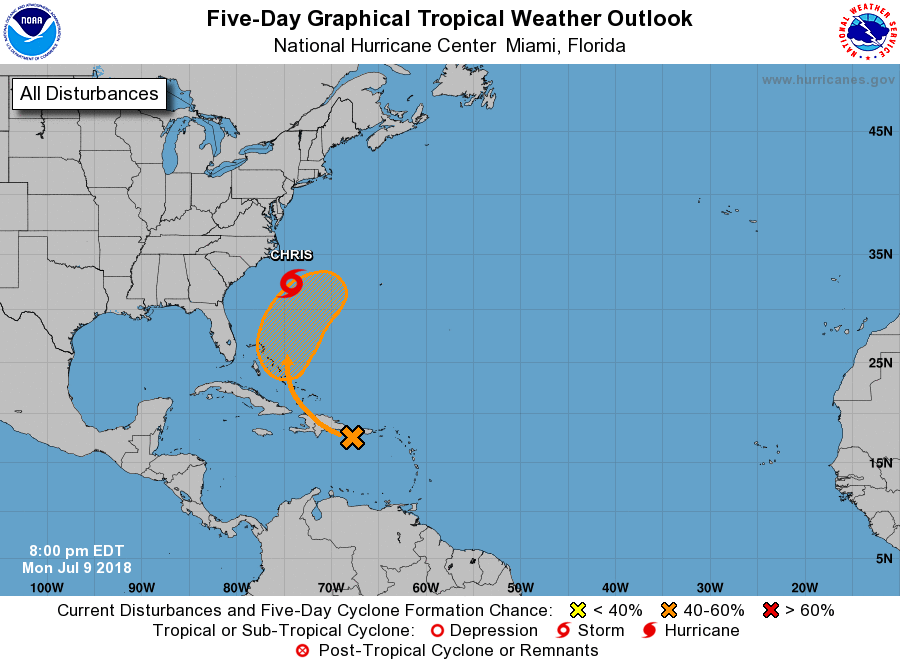
For the North Atlantic...Caribbean Sea and the Gulf of Mexico:

The National Hurricane Center is issuing advisories on Tropical Storm Chris, located a couple of hundred miles south-southeast of the North Carolina Outer Banks.

1. The remnants of Beryl are producing strong gusty winds and areas of heavy rain over the north-central Caribbean Sea, Hispaniola, Puerto Rico and the Virgin Islands. This system is expected to move west- northwestward across Hispaniola overnight and Tuesday with little development expected during that time due to land interaction and unfavorable upper-level winds. A turn to the northwest and then north is expected to begin by Tuesday night taking the system across the Bahamas and the adjacent Atlantic waters. Environmental conditions could become a little more conducive for regeneration of a tropical cyclone Wednesday night and Thursday when the system is forecast to be near or north of the Bahamas. Regardless of development, locally heavy rains and gusty winds are likely over portions of Hispaniola and the Bahamas as the remnants of Beryl move through those areas. Additional information on this system can be found in High Seas Forecasts issued by the National Weather Service.
* Formation chance through 48 hours...low...10 percent.
* Formation chance through 5 days...medium...50 percent.

High Seas Forecasts issued by the National Weather Service can be found under AWIPS header NFDHSFAT1, WMO header FZNT01 KWBC, and on the Web at http://ocean.weather.gov/shtml/NFDHSFAT1.shtml.

Forecaster Cangialosi